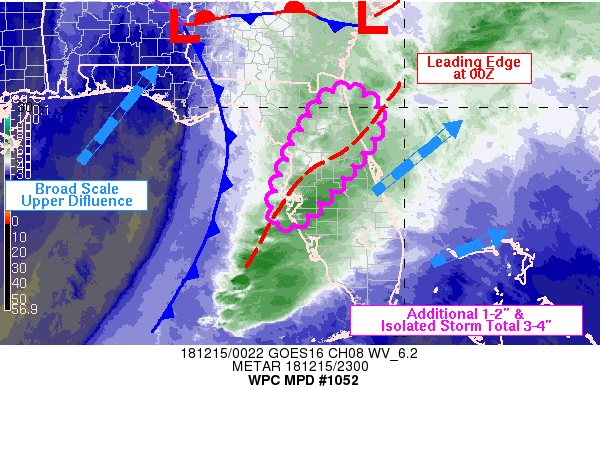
Areas affected...CNTRL FL...NRN FL

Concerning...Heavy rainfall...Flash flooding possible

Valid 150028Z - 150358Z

Summary...Training line segments to bring a quick 1 to 2 inches to
central Florida while continued convection and stratiform area
brings isolated storm totals close to 4 inches farther north.

Discussion...At least one road closure and other minor flooding
had been reported in and near Ocala, FL. While model guidance had
been indicating an expected weakening trend during the evening
hours, radar and satellite loops as of 00Z suggested training
convection may hold on a while longer. GOES-16 water vapor imagery
showed a very rounded cyclonic flow pattern slowly migrating
eastward - ahead of what GEFS anomalies peg as a 3.0 standard
deviation low at 500 mb. There was no obvious embedded shortwave
structure of the type that would sweep the activity eastward or
cause it to evolve away from the ongoing steady state.

Surface observations of southerly winds and dewpoints in the mid
60s across the FL peninsula support the notion of continued inflow
of unstable air into the ongoing quasi-linear convective system.
The 00Z Tampa sounding measured just under 1000 J/kg surface based
CAPE. Eventually it is expected that deep layer ascent will reform
farther north where the greatest upper difluence meets the warm
Gulf stream. This should gradually veer winds and loosen
convergence over central FL, leading to weakening by 03Z. Until
that time, however, training line segments in a moisture-rich
environment will produce widespread 1 to 2 inch rainfall over a 1
to 3 hour period. This should come up short of flash flood
guidance in most locations, but may cause minor flooding in urban
areas. Additionally, the shield precipitation to the north,
including some continued convective enhancement at times, will
bring storm total amounts closer to 4 inches in the same areas
where flooding had already been reported. Thus, impacts from heavy
rainfall are expected to persist through the evening.